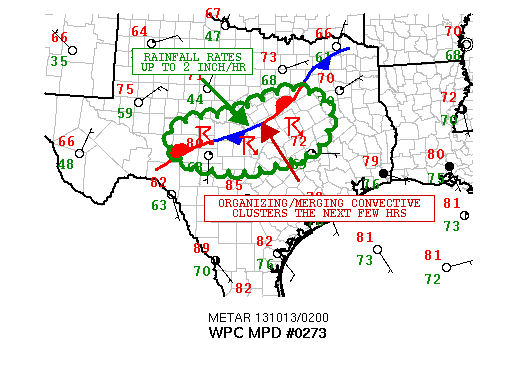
AREAS AFFECTED...CENTRAL TX

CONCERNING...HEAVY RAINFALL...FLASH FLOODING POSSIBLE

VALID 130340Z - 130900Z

SUMMARY...EXPANDING AND GRADUALLY ORGANIZING COVERAGE OF
CONVECTION WITH VERY HEAVY RAINFALL RATES EXPECTED THE NEXT
SEVERAL HOURS. FLASH FLOODING WILL BE POSSIBLE.

DISCUSSION...THE LATEST IR SAT IMAGERY INDICATES GRADUALLY
EXPANDING AND ORGANIZING COLD-TOPPED CONVECTION ACROSS CNTRL TX.
THE ACTIVITY IS SLOW-MOVING AND IS SITUATED ALONG THE TAIL END OF
A FRONT THAT HAD MOVED SOUTH INTO THE REGION IN THE WAKE OF THE
DEPARTING UPR TROUGH OVER THE MIDWEST. LATEST GOES-SOUNDER DATA
SHOWS PWATS INVOF THE BNDRY AOA 1.5 INCHES...WITH A GRADUAL
INCREASE IN LOW LVL MOISTURE/INSTABILITY TRANSPORT SEEN THE LAST
FEW HOURS. COMPLEMENTING THIS IS ALSO THE MID AND HIGH LVL
MOISTURE TAP SEEN IN IR/WV IMAGERY WITH RESPECT TO NEWLY FORMED
T.D. 15-E IN THE E PAC....AND A WELL-DEFINED OUTFLOW JET ASSOCD
WITH THIS. MOISTURE AND EMBEDDED VORT ENERGY STREAMING ACROSS
MAINLAND MEXICO AND MOVING NEWD ACROSS CNTRL TX WILL LIKELY TEND
TO AID AND HELP ENHANCE THE CONVECTIVE ACTIVITY OVER THE REGION
THE NEXT SEVERAL HOURS. WV IMAGERY STRONGLY SUGGESTS ALREADY AN
AXIS OF DIV FLOW NEAR THE FRONT...AND THE RESULTING DEEP LYR
ASCENT SHOULD FOSTER ADDITIONAL ORGANIZATION TO THE CONVECTION.

THE ENVIRONMENT IS CONDUCIVE FOR BACK-BUILDING AND MERGING
CONVECTIVE CELLS...AND WITH ADDITIONAL ORGANIZATION...SEVERAL
SLOW-MOVING CLUSTERS OF CONVECTION CAPABLE OF PRODUCING VERY HVY
RAINFALL RATES WILL BE LIKELY. FFG VALUES ARE RATHER HIGH...BUT
WITH RAINFALL RATES EXPECTED TO BE NEAR 2 INCHES/HR...AND THE SLOW
MOVEMENT...THERE WILL BE A CONCERN FOR LOCALLY VERY HVY RAINFALL
AMOUNTS AND FLASH FLOODING. WILL CONTINUE TO MONITOR.